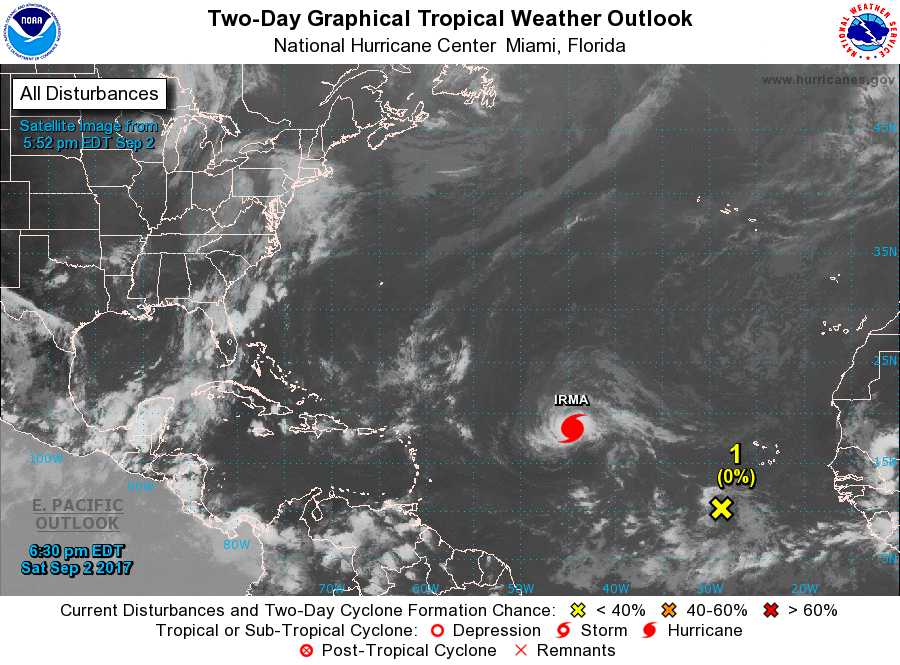
For the North Atlantic...Caribbean Sea and the Gulf of Mexico:

The National Hurricane Center is issuing advisories on Hurricane Irma, located over the central tropical Atlantic Ocean. The Weather Prediction Center is issuing advisories on Post-Tropical Cyclone Harvey, located over Kentucky.

1. Disorganized showers and thunderstorms located a few hundred miles southwest of the Cabo Verde Islands are associated with a tropical wave. Environmental conditions are expected to become more conducive for development in a couple of days, and this system could become a tropical depression early next week while it moves westward at 10 to 15 mph over the tropical Atlantic.
* Formation chance through 48 hours...low...near 0 percent.
* Formation chance through 5 days...high...70 percent.

Forecaster Beven